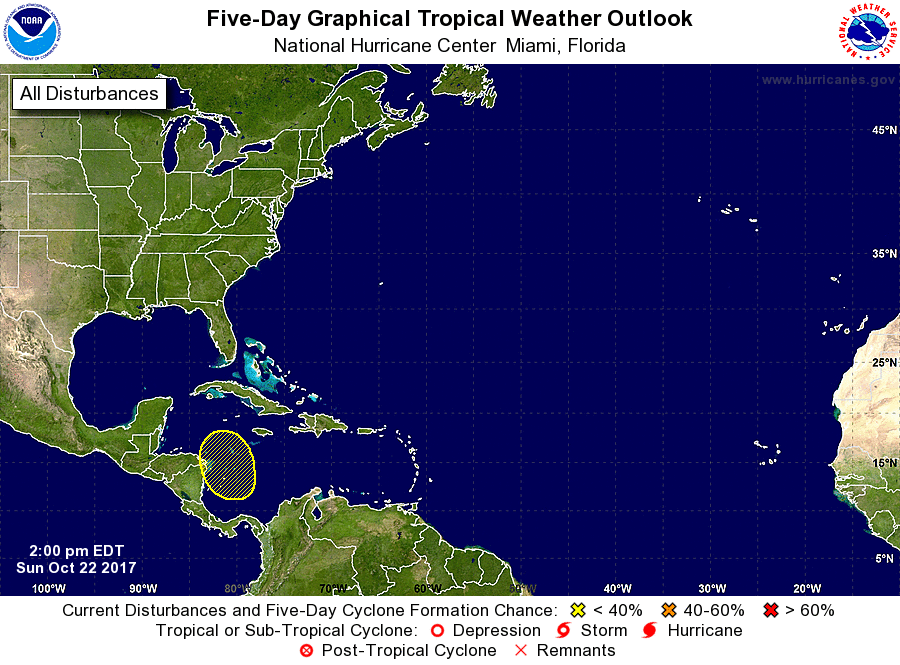
For the North Atlantic...Caribbean Sea and the Gulf of Mexico:

1. A broad area of low pressure is expected to form over the southwestern Caribbean Sea in a few days. Slow development of this system is possible thereafter while it moves generally northward.
* Formation chance through 48 hours...low...near 0 percent.
* Formation chance through 5 days...low...20 percent.

Forecaster Cangialosi